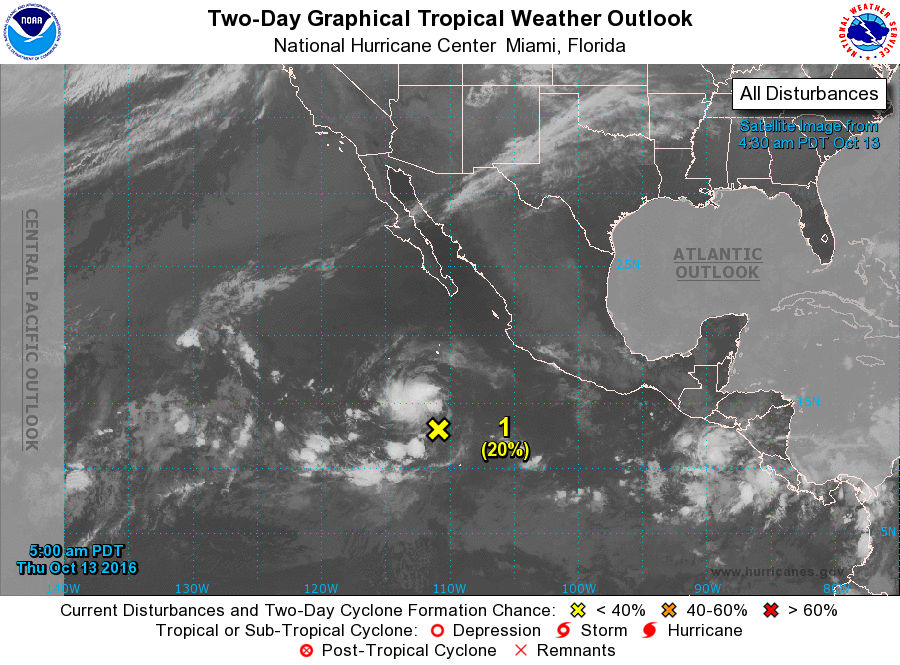
For the eastern North Pacific...east of 140 degrees west longitude:

1. A broad area of low pressure located several hundred miles south of the southern tip of the Baja California peninsula is producing a concentrated cluster of showers and thunderstorms. However, recent satellite wind data indicate that the system does not have a closed surface wind circulation. Some slow development of this disturbance is possible during the next several days while it moves generally westward at 15 mph.
* Formation chance through 48 hours...low...20 percent
* Formation chance through 5 days...medium...40 percent

Forecaster Berg